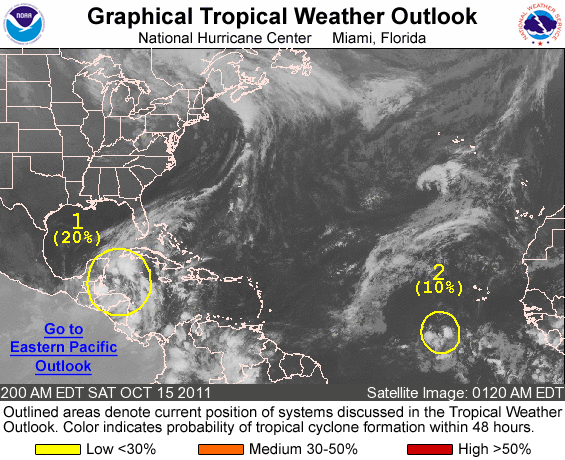
FOR THE NORTH ATLANTIC...CARIBBEAN SEA AND THE GULF OF MEXICO...

1. A BROAD LOW PRESSURE SYSTEM CENTERED JUST EAST OF BELIZE IS PRODUCING DISORGANIZED SHOWERS AND THUNDERSTORMS ACROSS A LARGE PORTION OF THE NORTHWESTERN CARIBBEAN SEA AND ADJACENT LAND AREAS. ALTHOUGH SURFACE PRESSURES ARE NOT SIGNIFICANTLY FALLING...SOME DEVELOPMENT IS STILL POSSIBLE BEFORE THE CENTER DRIFTS OVER THE YUCATAN PENINSULA BY LATE SUNDAY. THIS SYSTEM HAS A LOW CHANCE... 20 PERCENT...OF BECOMING A TROPICAL CYCLONE DURING THE NEXT 48 HOURS. LOCALLY HEAVY RAINS WILL LIKELY CONTINUE OVER CENTRAL AMERICA...THE YUCATAN PENINSULA...CUBA...AND ADJACENT ISLANDS DURING THE NEXT COUPLE OF DAYS...RESULTING IN LIFE-THREATENING FLASH FLOODS AND MUD SLIDES.

2. SHOWER AND THUNDERSTORM ACTIVITY HAS BECOME MORE CONCENTRATED NEAR A LOW PRESSURE AREA LOCATED IN THE EASTERN TROPICAL ATLANTIC OCEAN ABOUT 625 MILES SOUTHWEST OF THE CAPE VERDE ISLANDS. DEVELOPMENT... IF ANY...OF THIS LOW IS EXPECTED TO BE SLOW TO OCCUR DUE TO MARGINAL UPPER-LEVEL WINDS. THIS SYSTEM HAS A LOW CHANCE...10 PERCENT...OF BECOMING A TROPICAL CYCLONE DURING THE NEXT 48 HOURS AS IT MOVES TO THE WEST AT ABOUT 15 MPH.

ELSEWHERE...TROPICAL CYCLONE FORMATION IS NOT EXPECTED DURING THE NEXT 48 HOURS.

FORECASTER BLAKE